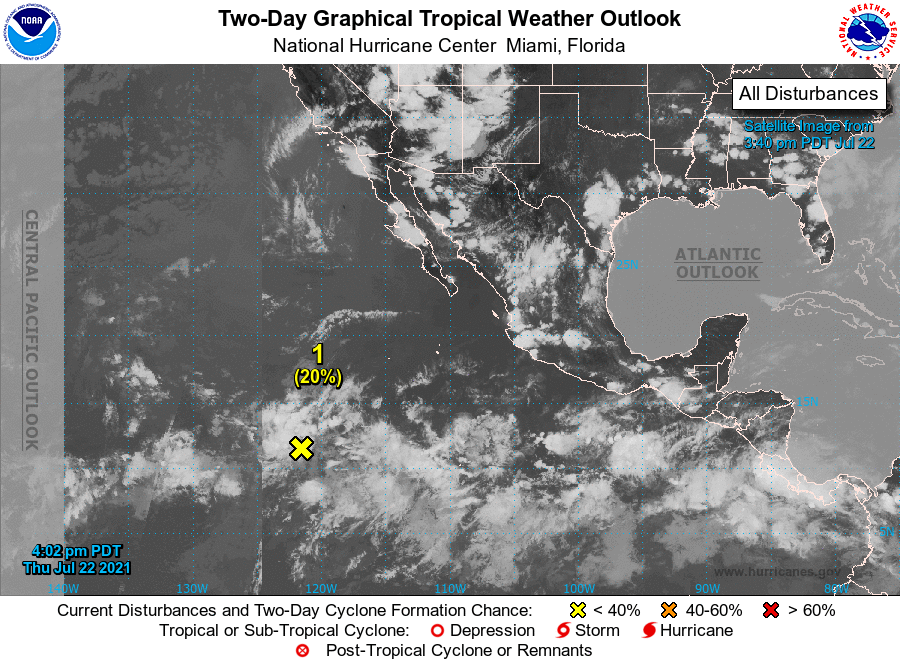
For the eastern North Pacific...east of 140 degrees west longitude:

1. An area of disturbed weather located about 1100 miles southwest of the southern tip of the Baja California peninsula is producing a large area of disorganized showers and thunderstorms. Environmental conditions are generally conducive for some slow development of this system through the weekend before it moves across cooler waters early next week while it moves westward to west-northwestward at 10-15 mph.
* Formation chance through 48 hours...low...20 percent.
* Formation chance through 5 days...low...30 percent.

Forecaster Blake